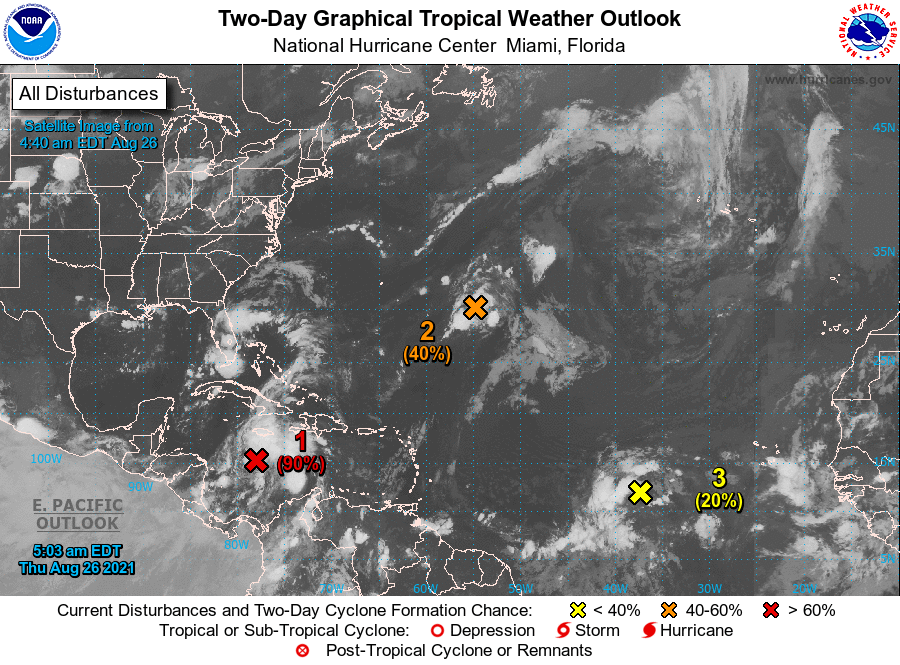
For the North Atlantic...Caribbean Sea and the Gulf of Mexico:

Special tropical weather outlook issued to update the discussion of the system south of Jamaica.

Updated: Shower and thunderstorm activity continues to become better organized in association with a trough of low pressure located less than 200 miles south of Jamaica. Environmental conditions remain conducive for development, and a tropical depression or storm is expected to form later today or tomorrow. This system is forecast to move northwestward over the northwestern Caribbean Sea near the Cayman Islands tonight, near Cuba and the Yucatan Peninsula of Mexico on Friday, and into the Gulf of Mexico this weekend. Given the recent developmental trends, Tropical Storm Warnings for the Cayman Islands and Tropical Storm Watches for western Cuba could be required later today.

1. Regardless of development, locally heavy rainfall and flooding will be possible over portions of Jamaica and the Cayman Islands today and tonight, and will likely spread across Cuba and the Yucatan Peninsula on Friday. In addition, this system could bring dangerous impacts from storm surge, wind, and heavy rainfall to portions of the coasts of Louisiana, Texas, and the Mexican state of Tamaulipas late this weekend and early next week. However, uncertainty remains large since the system has yet to form. Interests in these areas should closely monitor the progress of this system and ensure they have their hurricane plan in place. An Air Force Reserve reconnaissance aircraft is scheduled to investigate the system later today, if necessary. Additional information on this system, including gale warnings, can be found in High Seas Forecasts issued by the National Weather Service.
* Formation chance through 48 hours...high...90 percent.
* Formation chance through 5 days...high...90 percent.

2. A broad trough of low pressure is producing disorganized showers and thunderstorms over the central tropical Atlantic about 650 miles east-southeast of Bermuda. Environmental conditions are forecast to be generally conducive for development, and a tropical depression is likely to form late this week or this weekend while the system moves slowly northeastward over the central Atlantic.
* Formation chance through 48 hours...medium...40 percent.
* Formation chance through 5 days...high...80 percent.

3. A tropical wave over the far eastern tropical Atlantic located several hundred miles west-southwest of the Cabo Verde Islands is producing disorganized showers and thunderstorms. Some development of this system is possible over the next several days while it moves west-northwestward at 10 to 15 mph over the eastern tropical Atlantic. Upper-level winds are forecast to become less conducive for development by early next week.
* Formation chance through 48 hours...low...20 percent.
* Formation chance through 5 days...low...30 percent.

High Seas Forecasts issued by the National Weather Service can be found under AWIPS header NFDHSFAT1, WMO header FZNT01 KWBC, and online at ocean.weather.gov/shtml/NFDHSFAT1.php

Forecaster Papin/Beven